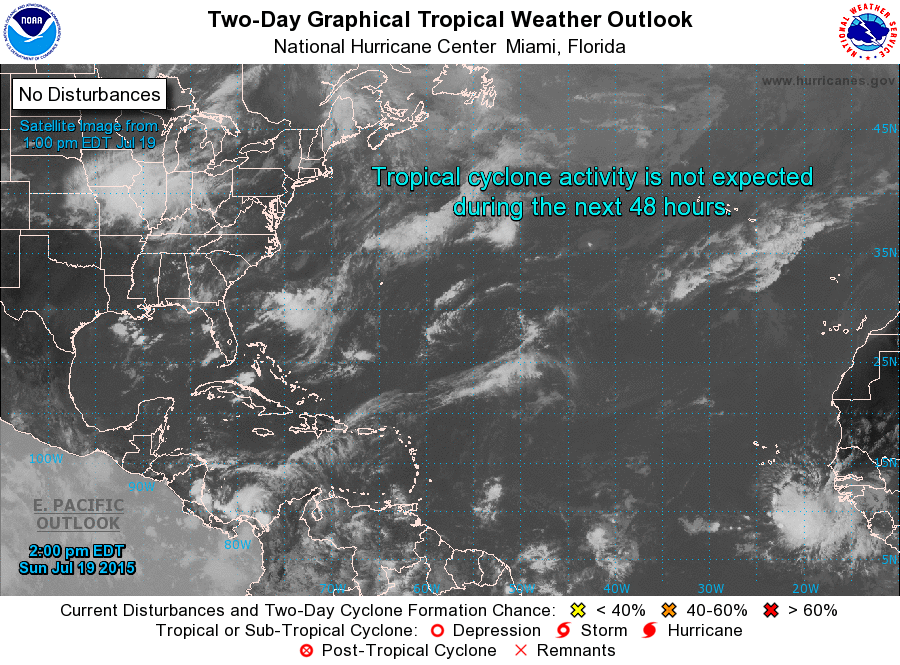
For the North Atlantic...Caribbean Sea and the Gulf of Mexico:

Tropical cyclone formation is not expected during the next 5 days.

Forecaster Berg